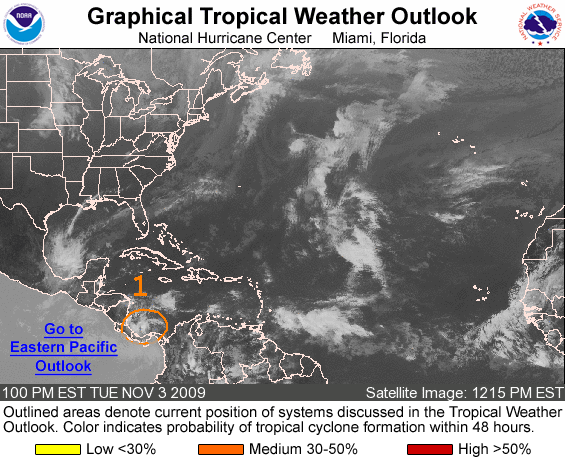
FOR THE NORTH ATLANTIC...CARIBBEAN SEA AND THE GULF OF MEXICO...

1. SHOWER ACTIVITY...ALTHOUGH LIMITED IN EXTENT...HAS BECOME BETTER ORGANIZED IN ASSOCIATION WITH AN AREA OF LOW PRESSURE JUST EAST OF COSTA RICA IN THE EXTREME SOUTHWESTERN CARIBBEAN SEA. THE LOW IS EXPECTED TO MOVE LITTLE OVER THE NEXT DAY OR SO...AND UPPER-LEVEL WINDS ARE FAVORABLE FOR SOME CONTINUED DEVELOPMENT. THERE IS A MEDIUM CHANCE...30 TO 50 PERCENT...OF THIS SYSTEM BECOMING A TROPICAL CYCLONE DURING THE NEXT 48 HOURS. LOCALLY HEAVY RAINS ARE POSSIBLE OVER THE NEXT FEW DAYS OVER PORTIONS OF PANAMA...COSTA RICA...NICARAGUA...AND HONDURAS IN ASSOCIATION WITH THIS SYSTEM.

ELSEWHERE...TROPICAL CYCLONE FORMATION IS NOT EXPECTED DURING THE NEXT 48 HOURS.

FORECASTER FRANKLIN